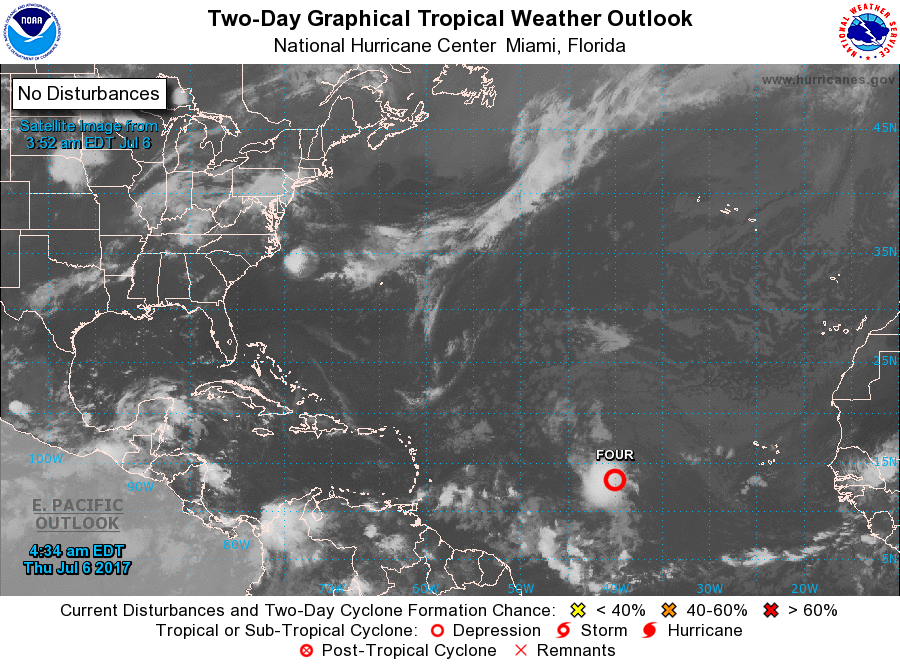
For the North Atlantic...Caribbean Sea and the Gulf of Mexico:

The National Hurricane Center has begun issuing advisories on newly formed Tropical Depression Four, located well to the east of the Lesser Antilles.

Tropical cyclone formation is not expected during the next 5 days.

&&
Public Advisories on Tropical Depression Four are issued under WMO header WTNT34 KNHC and under AWIPS header MIATCPAT4. Forecast/Advisories on Tropical Depression Four are issued under WMO header WTNT24 KNHC and under AWIPS header MIATCMAT4.

Forecaster Pasch